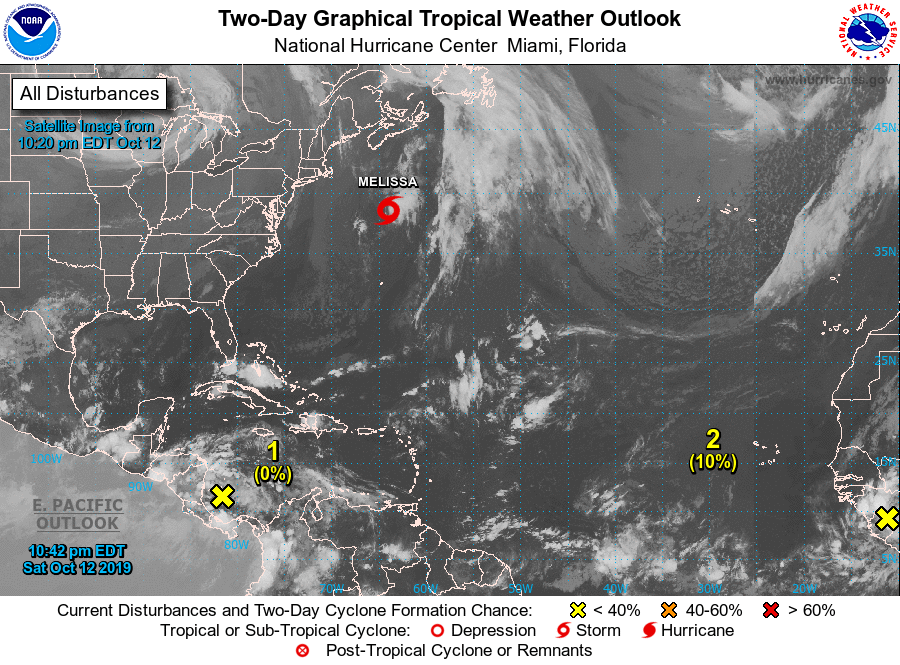
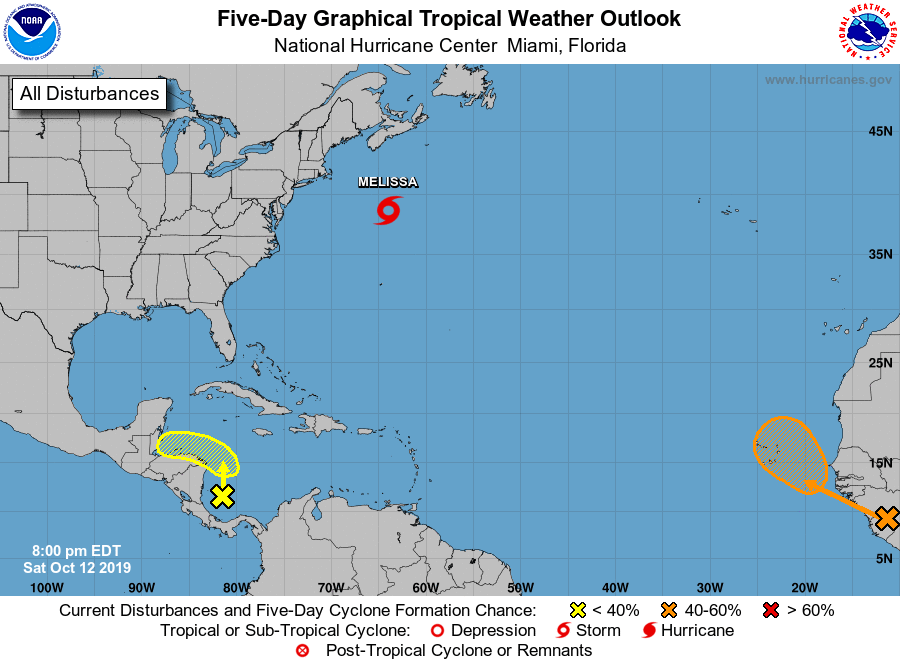
For the North Atlantic...Caribbean Sea and the Gulf of Mexico:

The National Hurricane Center is issuing advisories on Tropical Storm Melissa, located several hundred miles southeast of the New England coast.

1. Surface observations indicate that a broad area of low pressure is forming over the southwestern Caribbean Sea. The system is forecast to move westward toward Central America early next week, and some development is possible if the low moves over the northwestern Caribbean Sea near the coasts of Honduras, Guatemala, and Belize. Regardless of development, this system could bring heavy rains to portions of Central America late this weekend through early next week.
* Formation chance through 48 hours...low...near 0 percent.
* Formation chance through 5 days...low...20 percent.

2. A tropical wave, accompanied by a broad area of low pressure, is expected to move off the west coast of Africa on Sunday. Although tropical cyclone formation in this area is climatologically unlikely this late in the hurricane season, some development of the system is still possible before conditions become unfavorable by the middle of next week. The system is expected move westward to northwestward toward the Cabo Verde Islands during the next few days.
* Formation chance through 48 hours...low...10 percent.
* Formation chance through 5 days...medium...40 percent.

Forecaster Beven